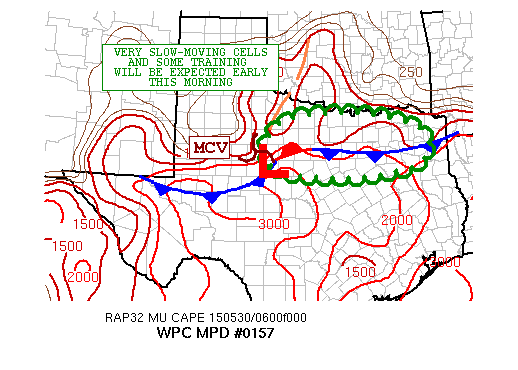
AREAS AFFECTED...NORTHERN TX

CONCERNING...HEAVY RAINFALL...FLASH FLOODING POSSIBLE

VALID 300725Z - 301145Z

SUMMARY...INTENSE RAINFALL RATES WITH VERY SLOW-MOVING
THUNDERSTORMS WILL CONTINUE THROUGH DAWN. FLASH FLOODING WILL
REMAIN POSSIBLE.

DISCUSSION...RADAR AND SATELLITE IMAGERY CONTINUE TO SHOW A
FORWARD PROPAGATING MCS MOVING THROUGH WEST-CENTRAL TX...WITH NOW
A RATHER WELL-DEFINED MCV SIGNATURE SEEN IN RADAR IMAGERY JUST
NORTHWEST OF KDYS. THE COMMA-HEAD OF THE MCS IS WHERE SOME OF THE
MOST INTENSE CONVECTION AND HEAVIEST RAINFALL RATES ARE
SITUATED...ALONG WITH AN EASTWARD EXTENSION OF CONVECTION ALONG
THE NORTH SIDE OF A FRONTAL ZONE. SURFACE OBSERVATIONS SUGGEST
EVIDENCE OF A WEAK WAVE OF LOW PRESSURE NOW MOVING ALONG THE
BOUNDARY...AND CONVECTION HAS BEEN TENDING TO DEVELOP DOWNWIND TO
THE NORTH OF THE BOUNDARY IN LIEU OF AN UPTICK IN WARM ADVECTION
AHEAD OF THE MCV AND SURFACE WAVE.

THE CONVECTION IS BEING AIDED BY A FAIRLY STRONG INSTABILITY
GRADIENT ACROSS NORTH-CENTRAL TX. THE LATEST RAP ANALYSIS SHOWS A
NOSE OF 2000 TO 3000 J/KG OF MUCAPE OUT AHEAD OF THE BOW PORTION
OF THE MCS... AND SOME OF THIS ENERGY WILL CONTINUE TO FEED NORTH
AHEAD OF THE MCV AND INTO THE FRONTAL ZONE.

THE BOW PORTION OF THE MCS SHOULD CONTINUE TO PROPAGATE
SOUTHEASTWARD EARLY THIS MORNING...AND WHILE LOCALLY INTENSE
RAINFALL RATES WILL BE POSSIBLE WITH THIS...THE STRONGER CONCERN
FOR EXCESSIVE RAINFALL RATES WILL BE FARTHER NORTH NEAR THE TRACK
OF THE AFOREMENTIONED MCV COMMA-HEAD AND JUST NORTH OF THE FRONTAL
ZONE WHERE THE INSTABILITY GRADIENT WILL BE THE SHARPEST. THE 00Z
ARW AND 00Z NAM-CONEST OVER THE NEXT FEW HOURS SUGGEST RAINFALL
AMOUNTS OF AS MUCH AS 2 TO 3 INCHES WITH LOCALLY HEAVIER AMOUNTS
COURTESY OF THE LOCALLY VERY SLOW CELL MOTION AND CELL TRAINING.

THIS WILL FOSTER THE RISK OF FLASH FLOODING THROUGH DAWN.